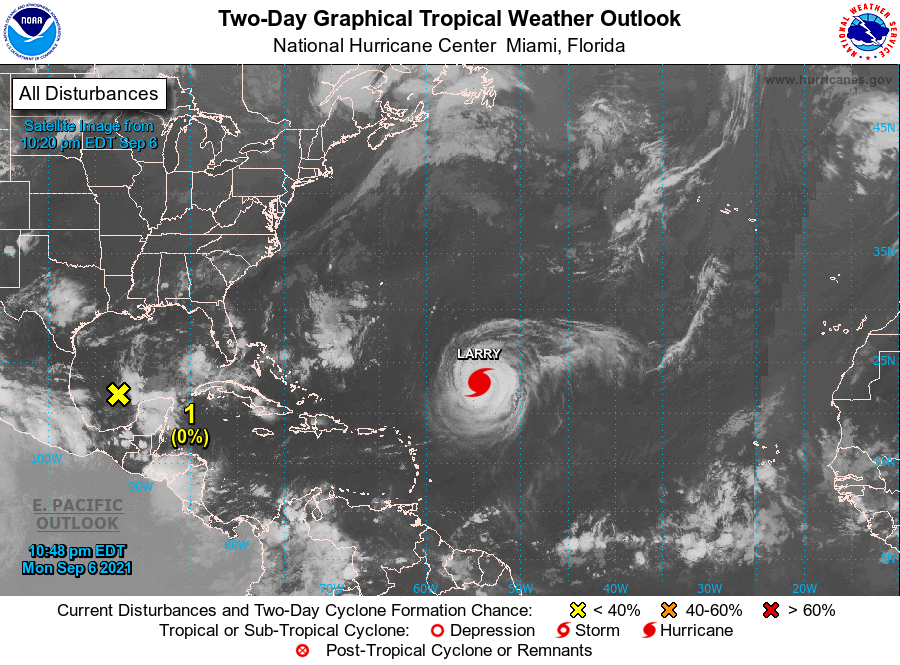
For the North Atlantic...Caribbean Sea and the Gulf of Mexico:

The National Hurricane Center is issuing advisories on Hurricane Larry, located over the central Atlantic more than 900 miles southeast of Bermuda.

1. Disorganized showers and thunderstorms continue over the northern portion of the Yucatan Peninsula and south-central Gulf of Mexico in association with a surface trough and an upper-level disturbance. The system is forecast to move slowly northward or northeastward over the central and then northeastern Gulf of Mexico, likely reaching the northern Gulf coast in a few days. Although upper-level winds are currently unfavorable for development to occur, they are expected to become marginally conducive for tropical cyclone formation in a couple of days. The disturbance is then expected to cross the southeastern United States beginning midweek, and some development will be possible once it emerges over the Atlantic waters late this week.
* Formation chance through 48 hours...low...near 0 percent.
* Formation chance through 5 days...low...30 percent.

Forecaster Stewart